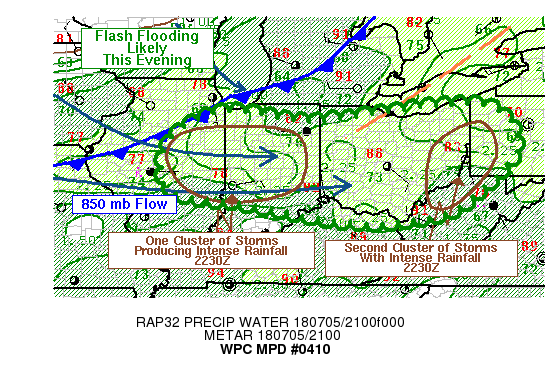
AREAS AFFECTED...PARTS OF THE UPPER AND LOWER GREAT LAKES...OHIO
VALLEY

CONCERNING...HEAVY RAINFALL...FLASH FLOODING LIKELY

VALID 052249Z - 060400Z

SUMMARY...SCATTERED TO NUMEROUS THUNDERSTORMS WERE OCCURRING IN AN
ARC FROM EASTERN ILLINOIS...ACROSS INDIANA AND OHIO...INTO PARTS
OF PENNSYLVANIA AND WEST VIRGINIA.  THESE STORMS MAY REPEATEDLY
MOVE OVER CERTAIN AREAS...WHICH POSES A RISK OF FLASH FLOODING.
RAINFALL RATES OF 2 IN/HR ARE POSSIBLE IN SOME AREAS.

DISCUSSION...REGIONAL RADARS SHOWED SCATTERED TO NUMEROUS
THUNDERSTORMS MOVING FROM WEST TO EAST.  THE MOST ACTIVE
CONVECTION CAPABLE OF PRODUCING HEAVY TO EXCESSIVE RAINFALL WERE
PERSISTING OVER PARTS OF EASTERN ILLINOIS INTO INDIANA AS WELL AS
OVER EASTERN OHIO...SOUTHWESTERN PENNSYLVANIA.  A TRAILING BAND OF
CONVECTION EXTENDED BETWEEN THE TWO AREAS.  STORMS IN THIS
TRAILING BAND WILL ALSO BE CAPABLE OF PRODUCING HEAVY RAINFALL
RATES BUT WILL TEND TO BE LESS ORGANIZED THAN CONVECTION IN THE
PREVIOUSLY-MENTIONED AREAS.

THE ENVIRONMENT REMAINED QUITE UNSTABLE WITH MLCAPE VALUES STILL
AROUND 2000-3000 J/KG...CERTAINLY SUPPORTIVE OF CONTINUED STORM
ORGANIZATION. BROAD 15 KNOT LOW-LEVEL (925-850MB) INFLOW SHOWN ON
REGIONAL VWPS UPSTREAM OF CURRENT CONVECTION (KIND AND KILX)
SHOULD ALSO SUSTAIN CONVECTION NEAR THE CURRENT AXIS OF
DEVELOPMENT FROM ILLINOIS INTO INDIANA...AND A VEERING OF THE
LOW-LEVEL FLOW MAY PROMOTE MORE TRAINING INTO THE EVENING.

GIVEN THE AVAILABLE INSTABILITY AND MOISTURE (PWS AROUND 2
INCHES)...ANY STORMS SHOULD BE CAPABLE OF HEAVY RAIN RATES AROUND
2 IN/HR...PARTICULARLY IF TRAINING STORM MOTIONS CAN BE REALIZED.
THIS WILL CONTINUE TO SUPPORT A THREAT OF FLASH FLOODING INTO THE
EVENING...ESPECIALLY AFTERNOON HOURS...ESPECIALLY IF TRAINING
BANDS FAVORABLY ALIGN WITH URBANIZED AREAS.